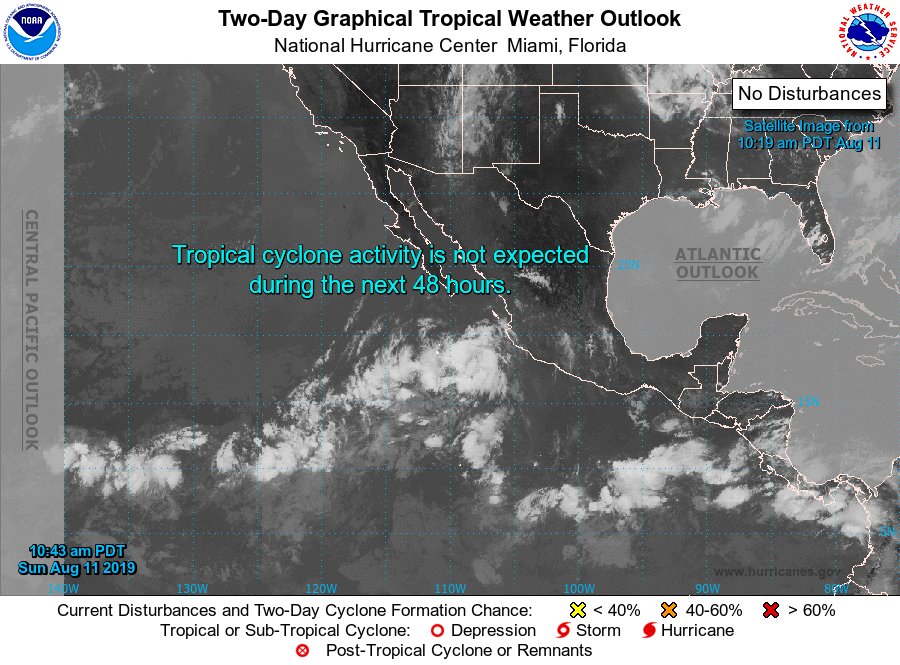
For the eastern North Pacific...east of 140 degrees west longitude:

Showers and thunderstorms located a few hundred miles south-southwest of the southern tip of the Baja California peninsula are associated with a broad area of low pressure. Some development of this system is possible over the next day or so while it moves west-northwestward, away from the coast of Mexico. Thereafter, conditions are expected to become unfavorable for development.
* Formation chance through 48 hours...low...30 percent.
* Formation chance through 5 days...low...30 percent.

A disturbance located a little less than 1000 miles southwest of the Baja California peninsula is producing a large area of disorganized showers and thunderstorms. Environmental conditions are expected to become more conducive for tropical cyclone formation by the middle of the week while the system moves west-northwestward at 10 to 15 mph.
* Formation chance through 48 hours...low...near 0 percent.
* Formation chance through 5 days...medium...50 percent.

Forecaster Latto/Pasch